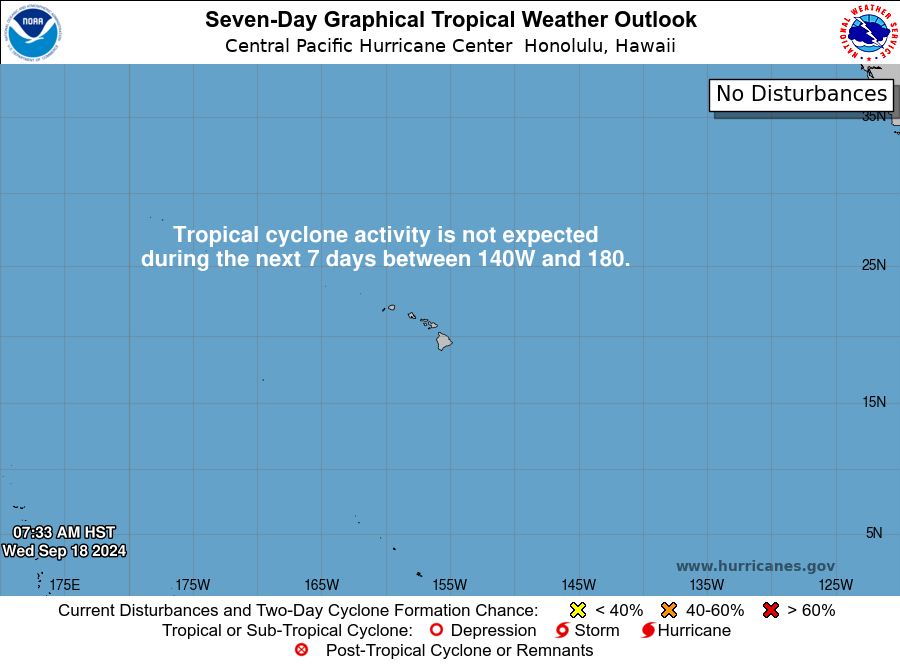
For the central North Pacific...between 140W and 180W:

No tropical cyclones are expected during the next 7 days.

Forecaster Birchard/Tsamous